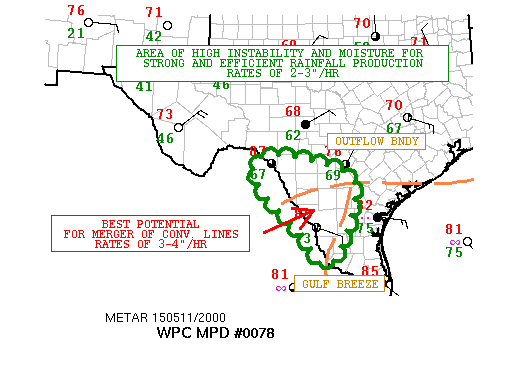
AREAS AFFECTED...SW TEXAS

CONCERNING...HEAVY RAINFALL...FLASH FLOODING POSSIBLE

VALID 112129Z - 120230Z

SUMMARY...POTENTIAL FOR FLASH FLOODING INCREASING THROUGH EVENING
HOURS GIVEN ACTIVATING CONVECTION ALONG SIERRA MADRE...SEA BREEZE
BOUNDARY AND PRIOR EAST-WEST ORIENTED OUTFLOW BOUNDARY EVENTUALLY
MERGING INTO LARGER COMPLEX.

DISCUSSION...SFC ANALYSIS...RADAR AND VISIBLE IMAGERY SHOWS RAPID
DEVELOPMENT OF DEEP CONVECTION ALONG THE EASTERN FLANKS OF THE
SIERRA MADRE UNDER GOOD MST CONVERGENCE DUE TO DAY TIME HEATING
ALLOWING FOR SFC PRESSURE FALLS AND ISALLOBARIC WIND FLOW FOR
CONTINUED MST FLUX INTO THE AREA.  ADDITIONALLY...GULF BREEZE HAS
PRESSED WESTWARD INTO VERY UNSTABLE AND MST ENVIRONMENT AS WELL AS
OLDER OUTFLOW BOUNDARY FROM MAVERICK TO MATAGORDA COUNTIES
DROPPING SOUTH AS WELL.  WITH SB CAPES IN THE 3500-4000 J/KG AND
TPWS IN THE 1.6-1.75" RANGE THIS WILL FEED THESE DEVELOPING
CONVECTIVE LINES... UNTIL EVENTUAL FORWARD PROPAGATION OF THE
BOUNDARY CONVECTION AND CELLS MOVING OFF HIGHER TERRAIN IN MEXICO
SHOULD LEAD TO MERGERS OF THE COMPLEX AND OVERALL LAYER
OVERTURNING ACROSS THE WESTERN PORTIONS OF EWX AND CRP CWAS BY
00-02Z.  RATES IN EXCESS OF 2-3"/HR ARE LIKELY WITH INCREASES TO
3-4" WHEN MERGERS OCCUR.

THIS SOLUTION IN LINE WITH THE NAM_CONEST ARW AND NMMB THOUGH
WITHOUT CONVECTION FROM THE GULF BREEZE...LIKELY TO EXACERBATE
CONVECTIVE/VIGOR AS WELL AS FOCUS THE HIGHEST THREAT A BIT FURTHER
SOUTH... MORE IN LINE WITH THE 19Z HRRR